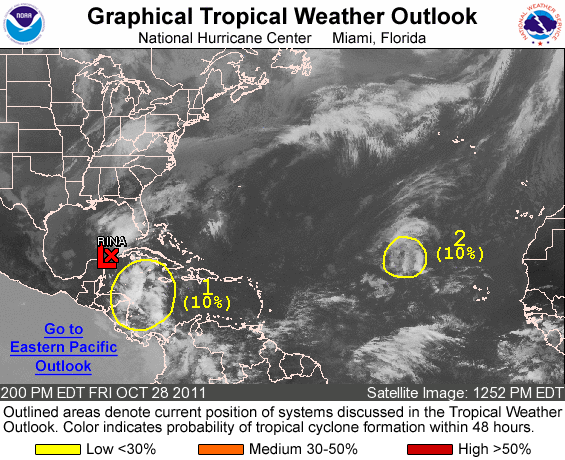
FOR THE NORTH ATLANTIC...CARIBBEAN SEA AND THE GULF OF MEXICO...

THE NATIONAL HURRICANE CENTER IS ISSUING ADVISORIES ON RECENTLY-DOWNGRADED TROPICAL DEPRESSION RINA...LOCATED ABOUT 55 MILES NORTH-NORTHEAST OF CANCUN MEXICO.

1. WIDESPREAD SHOWERS AND THUNDERSTORMS OVER THE WESTERN CARIBBEAN SEA ARE ASSOCIATED WITH A BROAD AREA OF LOW PRESSURE. SURFACE PRESSURES ARE RELATIVELY HIGH IN THIS AREA AND DEVELOPMENT OF THIS DISTURBANCE...IF ANY...SHOULD BE SLOW TO OCCUR AS IT DRIFTS NORTHWESTWARD. THIS SYSTEM HAS A LOW CHANCE...10 PERCENT...OF BECOMING A TROPICAL CYCLONE DURING THE NEXT 48 HOURS.

2. SHOWERS AND THUNDERSTORMS OVER THE EASTERN ATLANTIC ABOUT 850 MILES WEST-NORTHWEST OF THE CAPE VERDE ISLANDS ARE ASSOCIATED WITH A SURFACE TROUGH OF LOW PRESSURE AND MID-LEVEL LOW PRESSURE AREA. SURFACE OBSERVATIONS INDICATE THAT PRESSURES REMAIN HIGH IN THE AREA...AND THIS SYSTEM ALSO HAS A LOW CHANCE...10 PERCENT...OF BECOMING A TROPICAL CYCLONE DURING THE NEXT 48 HOURS AS IT MOVES WEST-NORTHWESTWARD AT 5 TO 10 MPH.

ELSEWHERE...TROPICAL CYCLONE FORMATION IS NOT EXPECTED DURING THE NEXT 48 HOURS.

FORECASTER BEVEN